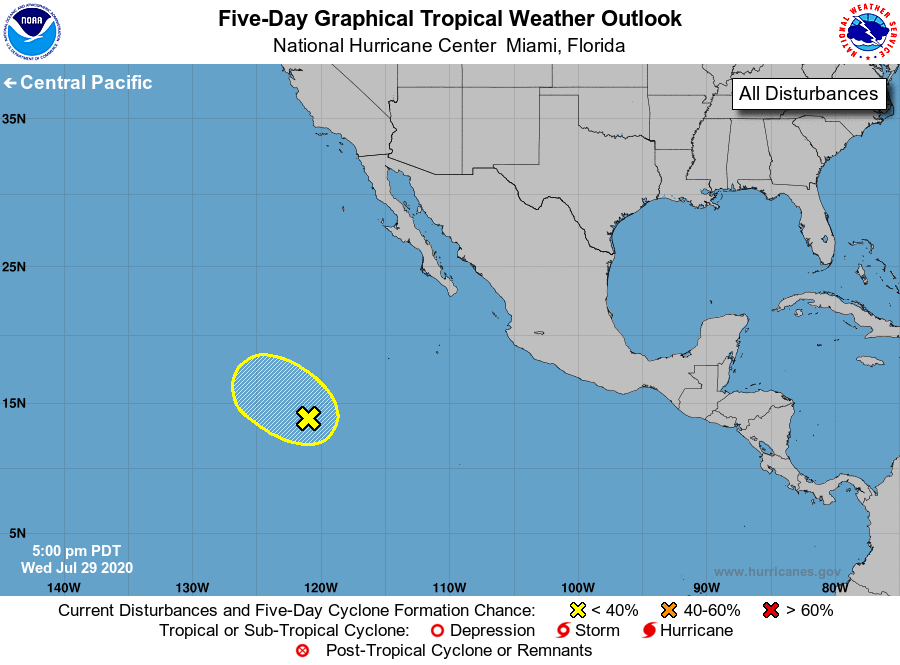
For the eastern North Pacific...east of 140 degrees west longitude:

1. A broad area of low pressure located almost a thousand miles southwest of the southern tip of the Baja California peninsula is producing disorganized shower and thunderstorm activity. This system is forecast to move slowly northwestward at 5 to 10 mph, and significant development is not likely since it is expected to reach cooler waters on Thursday and Friday.
* Formation chance through 48 hours...low...10 percent.
* Formation chance through 5 days...low...10 percent.

Forecaster Berg